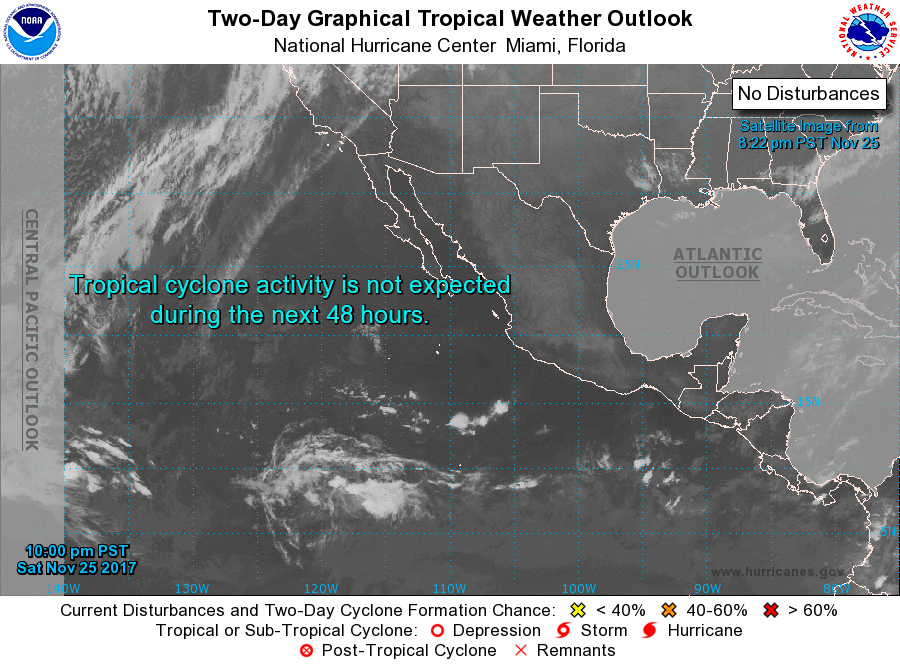
For the eastern North Pacific...east of 140 degrees west longitude:

Tropical cyclone formation is not expected during the next 5 days.

Forecaster Cangialosi